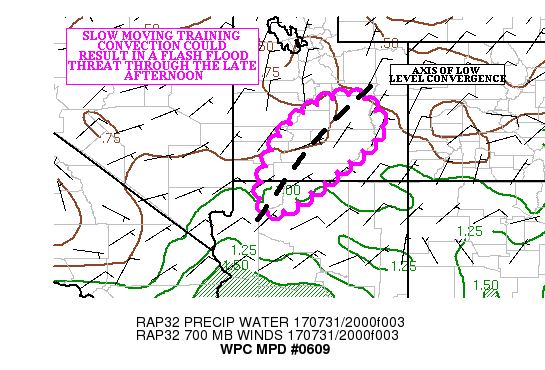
AREAS AFFECTED...SOUTHERN UT...NORTHWEST AZ

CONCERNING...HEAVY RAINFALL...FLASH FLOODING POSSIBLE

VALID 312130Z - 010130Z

SUMMARY...SLOW MOVING CONVECTION TRAINING ACROSS SOUTHERN UT INTO
NORTHWEST AZ ON A LOW LEVEL CONVERGENCE AXIS COULD RESULT IN A
FLASH FLOOD THREAT THIS AFTERNOON.

DISCUSSION...REGIONAL RADARS SHOWED CONVECTION DEVELOPING ON A LOW
LEVEL CONVERGENCE AXIS EXTENDING FROM CENTRAL UT INTO NORTHWEST
AZ. THE CONVECTION IS FORMING IN A RIBBON OF 500-1000 J/KG
MLCAPE...AS THE LAST OF THE LOW LEVEL CIN IS ERASED. THE MOST
RECENT EXPERIMENTAL GOES-16 CLEAN IR LOOP SHOWED SLOWLY COOLING
TOPS ALONG THE AXIS...AND THE KICX RADAR SHOWED HOURLY RAINFALL
RATES NEAR AN INCH WITH THE MOST RECENT ACTIVITY.

THE CONVECTION IS FORMING IN AN AREA WITH 850-300 MB MEAN WINDS
ARE LESS THAN 10 KNOTS...WHICH WILL PROMOTE TRAINING ALONG THE
AXIS OF LOW LEVEL CONVERGENCE. MOISTURE MAY BE A LIMITING FACTOR
FOR A MORE ORGANIZED FLASH FLOOD THREAT...WITH PRECIPITABLE WATER
VALUES ALONG THE AXIS GENERALLY BELOW 1.10 INCHES.

MOST OF THE HIGH RESOLUTION GUIDANCE IS EITHER MISSING THE
CONVECTIVE DEVELOPMENT OR HAS UNDERPLAYED IT. THE MOST RECENT HRRR
HAS AN AXIS OF LOCAL 1.00 INCH QPF ON THIS AXIS. ONE HOUR FLASH
FLOOD GUIDANCE IS AS LOW AS AN INCH HERE...SO ANY CONVECTION ON
THE AXIS COULD RESULT IN A FLASH FLOOD THREAT INTO THE LATER
AFTERNOON.